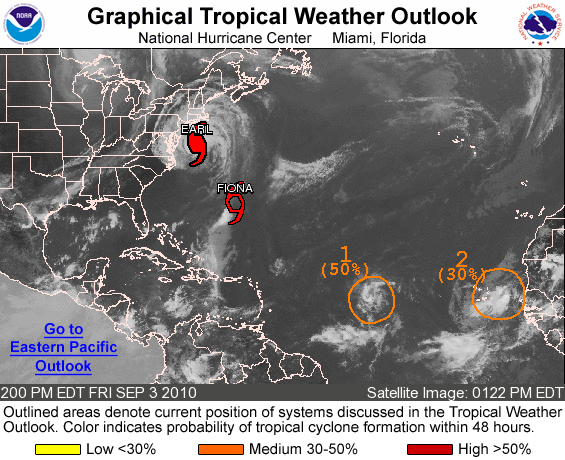
FOR THE NORTH ATLANTIC...CARIBBEAN SEA AND THE GULF OF MEXICO...

THE NATIONAL HURRICANE CENTER IS ISSUING ADVISORIES ON HURRICANE EARL...LOCATED ABOUT 290 MILES SOUTH-SOUTHWEST OF NANTUCKET MASSACHUSETTS...AND ON TROPICAL STORM FIONA...LOCATED ABOUT 200 MILES SOUTH-SOUTHWEST OF BERMUDA.

1. SHOWERS AND THUNDERSTORM ACTIVITY CONTINUES TODAY IN ASSOCIATION WITH THE REMNANT LOW OF GASTON LOCATED ABOUT HALFWAY BETWEEN THE CAPE VERDE ISLANDS AND THE LESSER ANTILLES. ENVIRONMENTAL CONDITIONS FAVOR SLOW DEVELOPMENT AND A TROPICAL DEPRESSION COULD RE-FORM AS IT MOVES WESTWARD AT 10 MPH DURING THE NEXT COUPLE OF DAYS. THERE IS A MEDIUM CHANCE...50 PERCENT...OF THIS SYSTEM BECOMING A TROPICAL CYCLONE AGAIN DURING THE NEXT 48 HOURS.

2. AN AREA OF LOW PRESSURE HAS DEVELOPED ALONG A TROPICAL WAVE LOCATED BETWEEN THE WEST COAST OF AFRICA AND THE CAPE VERDE ISLANDS. SHOWERS AND THUNDERSTORMS IN ASSOCIATION WITH THE LOW ARE SHOWING SOME SIGNS OF ORGANIZATION AND ENVIRONMENTAL CONDITIONS APPEAR CONDUCIVE FOR SLOW DEVELOPMENT OF THIS SYSTEM. THERE IS A MEDIUM CHANCE...30 PERCENT...OF THIS SYSTEM BECOMING A TROPICAL CYCLONE DURING THE NEXT 48 HOURS AS IT MOVES NORTHWESTWARD NEAR 10 MPH.

ELSEWHERE...TROPICAL CYCLONE FORMATION IS NOT EXPECTED DURING THE NEXT 48 HOURS.

FORECASTER LANDSEA/BLAKE